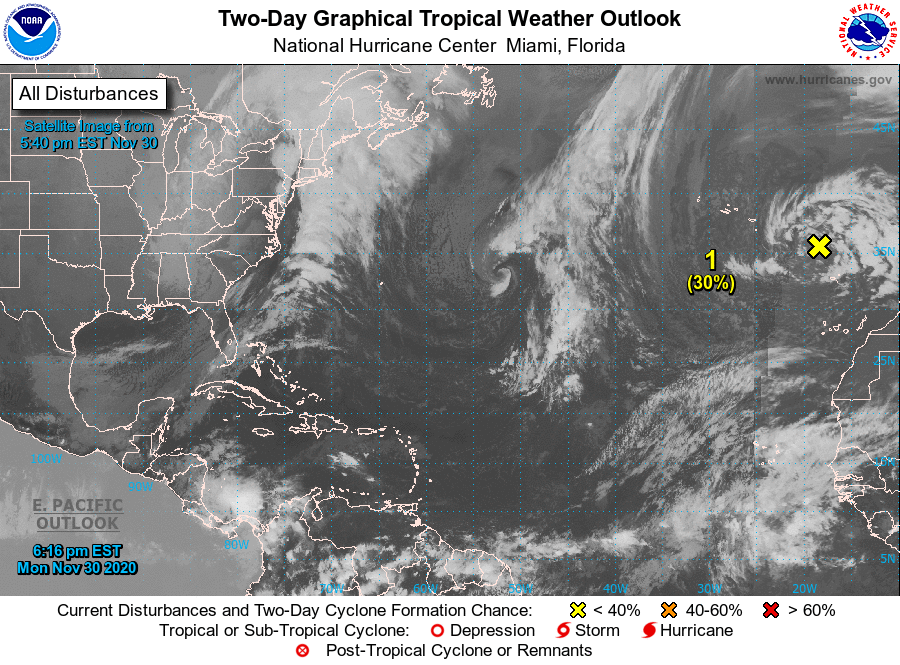
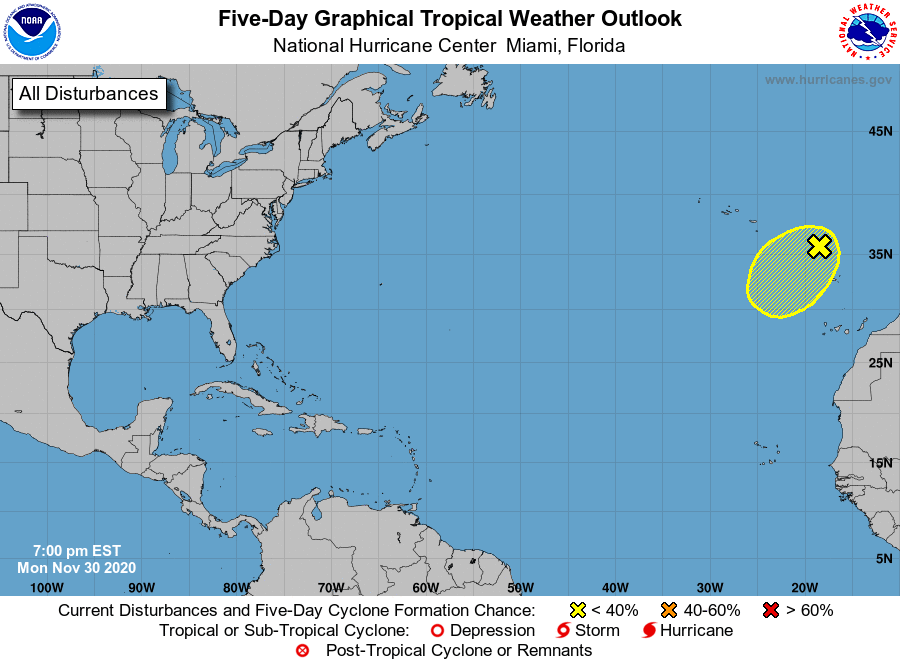
For the North Atlantic...Caribbean Sea and the Gulf of Mexico:

A gale-force, non-tropical low pressure system centered a couple of hundred miles north-northwest of the Madeira Islands continues to produce a broad area of showers and thunderstorms well to the east of the center. This low has changed little in organization over the last 24 hours, and environmental conditions are expected to be only marginally conducive for it to acquire subtropical characteristics over the next day or so as it drifts southwestward. Afterwards, conditions are forecast to become unfavorable for further development. Regardless of subtropical development, this system will continue to produce strong winds and locally heavy rains in the Madeira Islands through Tuesday. Additional information on this system can be found in High Seas Forecasts issued by Meteo France.

1. This is the last regularly scheduled Tropical Weather Outlook of the 2020 Atlantic Hurricane Season. However, a Special Tropical Weather Outlook will be issued to discuss the low over the eastern Atlantic by 1000 AM EST Tuesday, or earlier, if necessary.
* Formation chance through 48 hours...low...30 percent.
* Formation chance through 5 days...low...30 percent.

High Seas Forecasts issued by Meteo France can be found under WMO header FQNT50 LFPW.

Forecaster Reinhart/Cangialosi